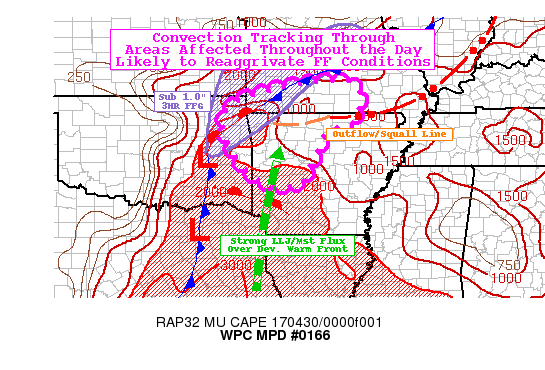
AREAS AFFECTED...NORTHWEST AR...SOUTHERN MO...EASTERN OK

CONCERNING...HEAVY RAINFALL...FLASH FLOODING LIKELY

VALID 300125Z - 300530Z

SUMMARY...DEVELOPING CLUSTER IN W AR TO TRACK ACROSS AREAS WITH
ONGOING FLOODING. ADDITIONAL 1-3" OF RAIN OVER NEXT FEW HOURS
LIKELY TO LEAD TO LOCALIZED FLASH FLOODING CONDITIONS AGAIN.

DISCUSSION...STRONG HEIGHT FALLS ARE ADVANCING ACROSS TX AND W OK
ATTM SPURRING A CONSOLIDATION OF THE SURFACE LOW ACROSS E OK AND
IN DOING SO LOW LEVEL FLOW HAS STRENGTHENED BUT MCS COMPLEXES
FURTHER SOUTH HAVE RESTRICTED LONGER MST FETCH LIMITING RECHARGE
OF INSTABILITY AND FORCING.   AS SUCH A SIGNIFICANT REDUCTION IN
CONVECTIVE INTENSITY HAS OCCURRED ALONG THE BOUNDARY IN S MO IN
THE SHORT TERM.

STILL BROAD DIFFLUENCE WILL INCREASE AS WELL AS THE APPROACH OF
DEVELOPING COMPLEX AT THE NOSE OF WEAK PRESSURE TROF OR SURFACE
WARM FRONT IN NE TX.  00Z LZK SOUNDING INDICATES THERE REMAINS A
POOL OF INSTABILITY TO MAINTAIN THIS COMPLEX AS IT RUNS NORTH IN
WESTERN AR.  AS SUCH IT WILL EVENTUALLY TRAVERSE AREAS AFFECTED
EARLIER AND WITH INCREASED LOW LEVEL FLOW MAY SPUR FURTHER
ENHANCEMENT OVER THE LINGERING OUTFLOW BOUNDARY ALONG THE AR/MO
BORDER WHICH IS LIKELY TO SET FLASH FLOODING CONDITIONS AGAIN
GIVEN THE EXTREMELY LOW FFG IN THE AREA.  AN ADDITIONAL 1-3" RAIN
IS EXPECTED OVER NW AR INTO S MO THOUGH THERE IS A SMALL
WINDOW/INFLOW REGIME FOR UPSTREAM REDEVELOPMENT ACROSS WEST
CENTRAL AR LEADING TO POSSIBLE FF THERE AS WELL.